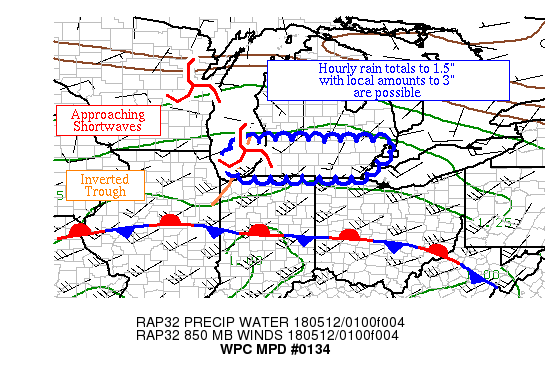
AREAS AFFECTED...SOUTHERN LOWER MI

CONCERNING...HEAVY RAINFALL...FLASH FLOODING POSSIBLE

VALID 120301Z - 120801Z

SUMMARY...SHOWERS AND THUNDERSTORMS ARE ON THE INCREASE ACROSS
SOUTHERN LOWER MI.  HOURLY RAIN TOTALS TO 1.5" WITH LOCAL AMOUNTS
TO 3" ARE POSSIBLE THROUGH 08Z.

DISCUSSION...A SHORTWAVE MOVING ACROSS LAKE MI INTO SOUTHWEST MI
ALONG WITH ANOTHER SHORTWAVE FARTHER NORTHWEST ACROSS WI HAVE
FOSTERED A RECENT UPTICK OF SHOWER AND THUNDERSTORM ACTIVITY
ACROSS THE LOWER PENINSULA OF MI NEAR THE 850 HPA SLICE OF A
STATIONARY FRONT.  THE 00Z SOUNDING OUT OF DETROIT IS MOIST, WITH
WET BULB ZERO HEIGHTS JUST OVER 9,000 FEET.  UPSTREAM MU CAPE
VALUES OF 500-1000 J/KG IS SHIFTING SLIGHTLY NORTHWARD.  INFLOW AT
850 HPA IS WEST-SOUTHWEST AT 20 KTS PER THE GRAND RAPIDS VAD WIND
PROFILE, WITH SPC MESOANALYSES ADVERTISING 35-50 KTS OF EFFECTIVE
BULK SHEAR.  GPS DATA AND NEARBY SOUNDINGS SHOW PRECIPITABLE WATER
VALUES IN THE 1.1-1.25" RANGE.

INFLOW AT 850 HPA IS EXPECTED TO INCREASE TO 40-45 KTS AND VEER
SOMEWHAT OVERNIGHT AS THE SHORTWAVES PASS BY, WHICH SHOULD ALLOW
CONVECTION TO MOVE FROM WEST TO EAST.  CELL TRAINING APPEARS TO BE
THE MAIN HEAVY RAIN THREAT, THOUGH THE DEVELOPMENT OF A RANDOM
MESOCYCLONE CAN'T BE RULED OUT.  THE MESOSCALE GUIDANCE IS
GENERALLY AGREEABLE ON THE CONVECTIVE RAMP UP OVERNIGHT, WITH A
40%+ CHANCE OF 1" AN HOUR AMOUNTS INDICATED IN THE 04-06Z TIME
FRAME, WITH FADING AMOUNTS THEREAFTER AND AN ENDING THREAT BY 08Z.
 GIVEN THE AVAILABLE MOISTURE AND INSTABILITY, HOURLY RAIN TOTALS
TO 1.5" ARE SUPPORTED, WITH THE MESOSCALE GUIDANCE INDICATED LOCAL
AMOUNTS TO 3", WHICH SEEMS REASONABLE AND WOULD SLIGHTLY EXCEED
FLASH FLOOD GUIDANCE VALUES.